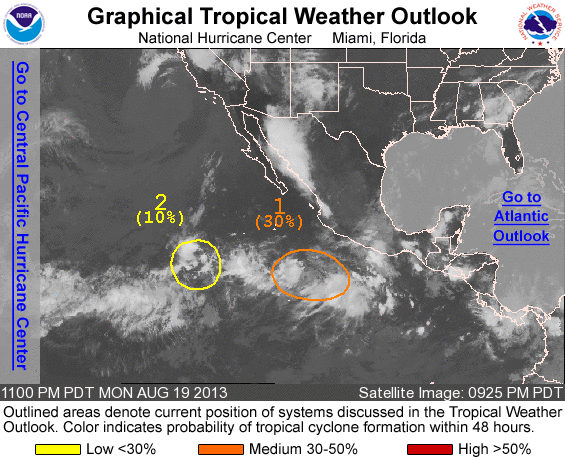
FOR THE EASTERN NORTH PACIFIC...EAST OF 140 DEGREES WEST LONGITUDE..

1. A BROAD AREA OF LOW PRESSURE LOCATED SEVERAL HUNDRED MILES SOUTH-SOUTHWEST OF MANZANILLO MEXICO CONTINUES TO PRODUCED A LARGE AREA OF DISORGANIZED SHOWERS AND THUNDERSTORMS. ENVIRONMENTAL CONDITIONS APPEAR TO BE CONDUCIVE FOR GRADUAL DEVELOPMENT OF THIS SYSTEM...AND A TROPICAL DEPRESSION COULD FORM DURING THE NEXT SEVERAL DAYS. THIS SYSTEM HAS A MEDIUM CHANCE...30 PERCENT...OF BECOMING A TROPICAL CYCLONE DURING THE NEXT 48 HOURS...AND A HIGH CHANCE...80 PERCENT...OF BECOMING A TROPICAL CYCLONE DURING THE NEXT FIVE DAYS WHILE IT MOVES NORTHWESTWARD AND THEN NORTH- NORTHWESTWARD.

2. AN AREA OF DISTURBED WEATHER IS LOCATED ABOUT 900 MILES SOUTHWEST OF THE SOUTHERN TIP OF THE BAJA CALIFORNIA PENINSULA. DEVELOPMENT...IF ANY...OF THIS SYSTEM SHOULD BE SLOW TO OCCUR DURING THE NEXT SEVERAL DAYS. THIS DISTURBANCE HAS A LOW CHANCE...10 PERCENT...OF BECOMING A TROPICAL CYCLONE DURING THE NEXT 48 HOURS...AND A LOW CHANCE...20 PERCENT...OF BECOMING A TROPICAL CYCLONE DURING THE NEXT 5 DAYS WHILE IT REMAINS NEARLY STATIONARY OR MOVES SLOWLY NORTHWARD.

FIVE-DAY FORMATION PROBABILITIES ARE EXPERIMENTAL IN 2013. COMMENTS ON THE EXPERIMENTAL FORECASTS CAN BE PROVIDED AT...

HTTP://WWW.NWS.NOAA.GOV/SURVEY/NWS-SURVEY.PHP?CODE=ETWO

FORECASTER BROWN